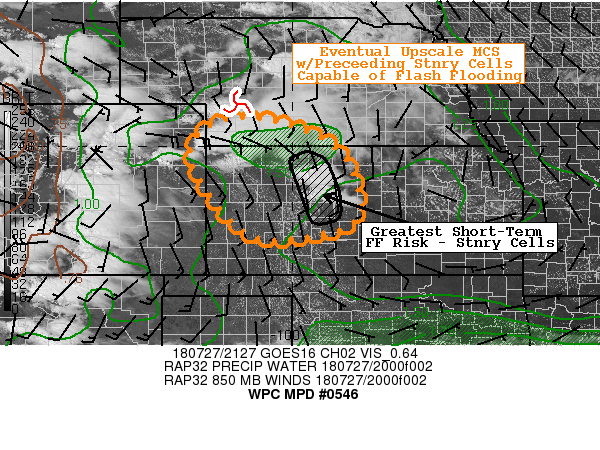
Areas affected...Western KS...Southwest NEB...Eastern CO...

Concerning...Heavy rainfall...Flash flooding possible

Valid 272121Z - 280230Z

SUMMARY...Developing fast moving MCS with potential downstream
stationary cells capable of producing flash flooding

DISCUSSION...Goes-16 Vis imagery and regional RADAR mosaic depict
strong bowing convection moving out of SW Nebraska into NW Kansas
with new development expanding into E Colorado, responding to
shortwave feature in mildly diffluent northwesterly flow.
Currently, cells are very progressive with fast southeasterly
propagation vectors (20-30kts) feeding into the instability axis.
Cells will be building into the coincident instability and q-axis
that extends across NW Kansas to south central KS, this is
delineated well in a dense CU/TCU field where mid-60s Tds and
mid-80s Ts and strong lapse rates support 2000+ J/kg MLCAPEs.

Sfc flow is increasing with southerly winds to 15kts that are also
generally confluent from Rush, KS to Red Willow, NE county.  This
slight increase in low level convergence has spurred convective
development in this axis in front of the main forcing bowing
lines.  These cells in Ellis/Graham/Norton counties are showing
signs of being stationary effectively waiting for the main forcing
upstream (locally back-building in the same spot).  This poses the
greatest risk for flash flooding in the short term, especially
given the lower FFG values in the axis (<1.5"/1hr or <2"/3hrs).
Given TPWs are in the 1.5" range and modest surface flux, rates
over 1.5"/hr are supported and locally greater than 2" are
possible leading to the flash flooding risk.

With time, the LLJ is expected to strengthen to 20kts just after
00z increasing flux convergence and upscale growth into a larger
MCS.  While 500-1000mb thickness is very tight, suggesting
continued fast south-southeastward propagation, the eastern side
where flow/propagation vectors are lessened may support a bit
longer duration.